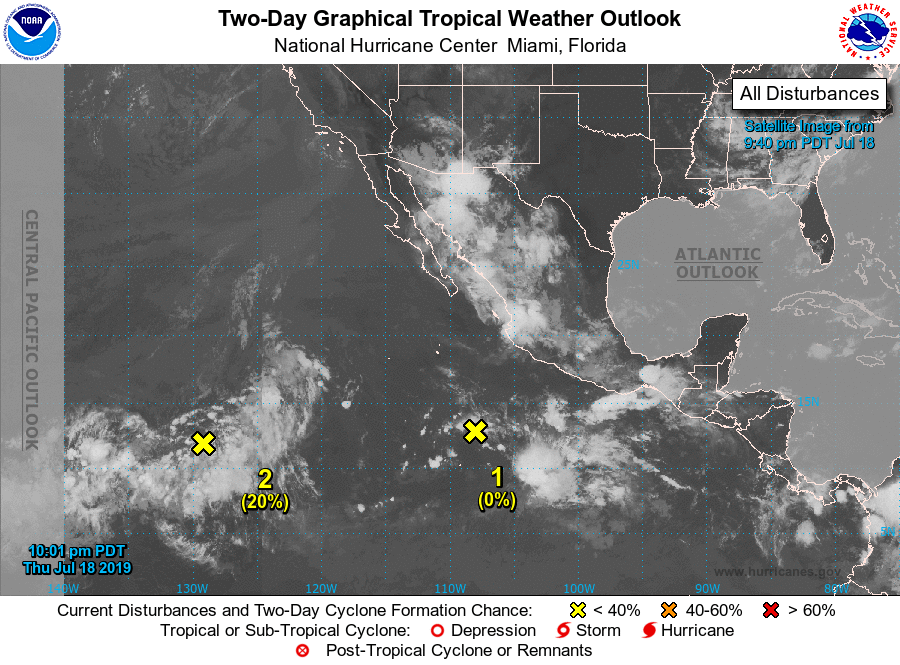
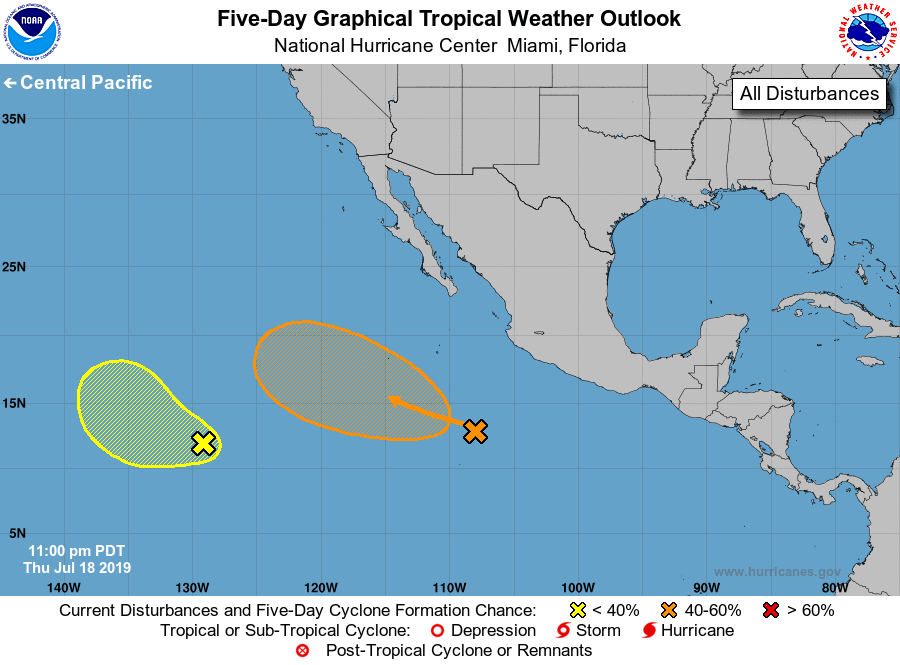
For the eastern North Pacific...east of 140 degrees west longitude:

1. Shower activity associated with a tropical wave located several hundred miles south of Manzanillo, Mexico continues to be limited at this time. Environmental conditions could become a little more more conducive for gradual development, and a tropical depression could form early next week before the system reaches cooler waters. This disturbance is forecast to move westward to west-northwestward at 10 to 15 mph, away from the coast of Mexico.
* Formation chance through 48 hours...low...near 0 percent.
* Formation chance through 5 days...medium...50 percent.

2. A broad area of low pressure located more than 1500 miles southwest of the southern tip of the Baja California peninsula is producing an elongated area of showers and thunderstorms. This system remains disorganized, and conditions are becoming less conducive for tropical cyclone formation. The low is expected to move west-northwestward or northwestward at 10 to 15 mph.
* Formation chance through 48 hours...low...20 percent.
* Formation chance through 5 days...low...30 percent.

Forecaster Avila